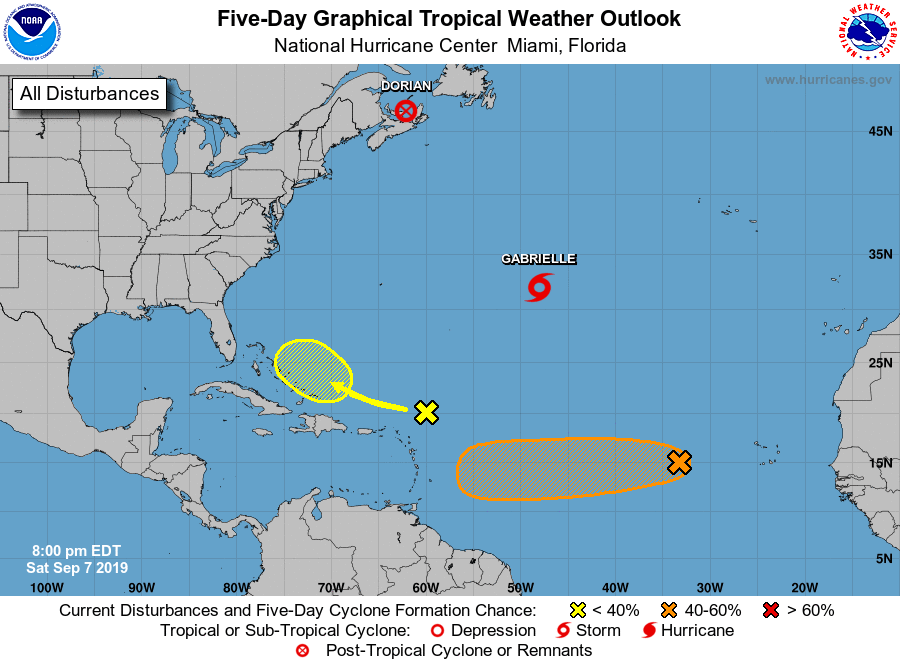
For the North Atlantic...Caribbean Sea and the Gulf of Mexico:

The National Hurricane Center is issuing advisories on Post-Tropical Cyclone Dorian, located over Nova Scotia, and on Tropical Storm Gabrielle, located over the central Atlantic Ocean.

1. A broad area of low pressure associated with a tropical wave continues to produce disorganized showers and thunderstorms several hundred miles west of the Cabo Verde Islands. Gradual development of this system is possible, and a tropical depression could form by the middle of next week while the system moves westward across the central tropical Atlantic Ocean.
* Formation chance through 48 hours...low...10 percent.
* Formation chance through 5 days...medium...40 percent.

2. An area of disorganized showers and thunderstorms centered about 300 miles northeast of the northern Leeward Islands is associated with a broad area of low pressure. Little development of this system is anticipated during the next few days due to strong upper-level winds while the system moves north of the Leeward Islands and Puerto Rico. Environmental conditions could become more conducive for development after that time when system moves slowly west-northwestward over the southwestern Atlantic Ocean.
* Formation chance through 48 hours...low...near 0 percent.
* Formation chance through 5 days...low...20 percent.

Forecaster Blake